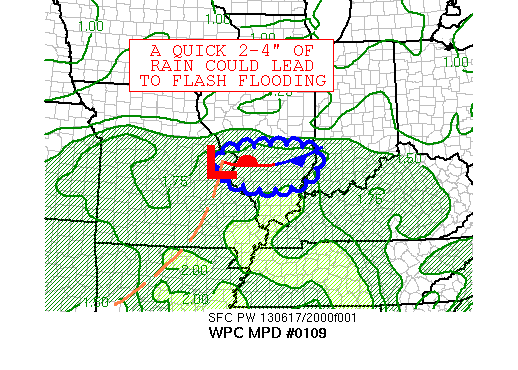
AREAS AFFECTED...EAST-CENTRAL MO...SOUTHERN IL

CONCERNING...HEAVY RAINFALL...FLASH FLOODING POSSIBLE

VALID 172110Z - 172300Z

SUMMARY...A BAND OF THUNDERSTORMS HAS DEVELOPED AND REMAINED
QUASI-STATIONARY FROM ST. LOUIS MO EASTWARD ACROSS SOUTH-CENTRAL
IL OVER THE PAST HOUR OR SO.  SINCE THE LINE COULD PERSIST FOR
ANOTHER HOUR OR TWO, BELIEVE FLASH FLOODING IS POSSIBLE IN THIS
AREA.

DISCUSSION...A SURFACE BOUNDARY/FRONT COMBINED WITH DAYTIME
HEATING, AVAILABLE PRECIPITABLE WATER VALUES OF 1.75-2 INCHES, AND
DIVERGENCE ALOFT FROM A SHORTWAVE IN SOUTHWEST MO HAS FORCED A
CONVECTIVE LINE TO FORM FROM ST. LOUIS EASTWARD ACROSS
SOUTH-CENTRAL IL.  THE 18Z HRRR HAS SOME IDEA OF THIS DEVELOPMENT
AND EXPECTS THE HEAVIER ACTIVITY TO MOVE FROM WEST TO EAST ALONG
THE LINE'S AXIS WITH TIME.  AS 850 HPA INFLOW IS RATHER WEAK,
THINK THE LINE'S FUTURE WILL BE A SHORT ONE.  EVEN SO, HEAVY
RAINFALL OVER A COUPLE HOURS COULD EXCEED THE FLASH FLOOD GUIDANCE
IN THE AREA OF TWO INCHES IN THREE HOURS.  A REPORT FROM ST. LOUIS
HAS INDICATED THAT TWO INCHES OF RAINFALL HAS ALREADY FALLEN
WITHIN THEIR METROPOLITAN AREA FROM THIS RAIN BAND.  LOCAL
RAINFALL AMOUNTS OF 2-4 INCHES ARE POSSIBLE IN THIS REGION BEFORE
23Z/6 PM CDT, WHICH COULD LEAD TO FLASH FLOODING.